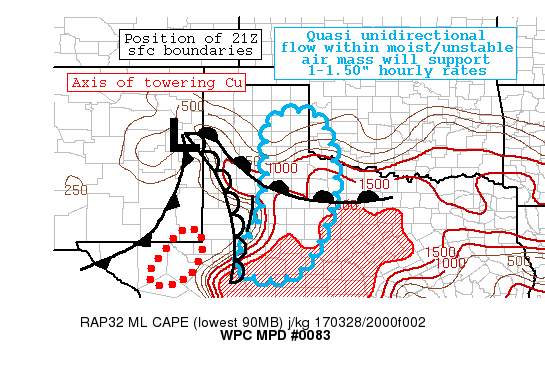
AREAS AFFECTED...WEST CENTRAL TX/FAR EASTERN TX
PANHANDLE/SOUTHWESTERN OK...

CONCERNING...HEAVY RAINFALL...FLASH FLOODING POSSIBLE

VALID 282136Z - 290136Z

SUMMARY...ONGOING CONVECTIVE COMPLEX CONTINUES TO CONSIST OF A
MIXTURE OF SEVERE WEATHER AND LOCALIZED HEAVY RAINFALL. FAVORABLE
UNIDIRECTIONAL FLOW WITH ADDITIONAL THUNDERSTORM DEVELOPMENT
LIKELY WILL FOSTER THE POTENTIAL FOR AREAS OF FLASH FLOODING WHERE
REPEAT CONVECTION/CELL TRAINING OCCUR.

DISCUSSION...IN ADVANCE OF A LARGE UPPER LOW SPINNING ACROSS
CENTRAL NM...AMPLE TROPOSPHERIC MOISTURE CONTINUES TO LIFT
NORTHWARD INTO THE SOUTHERN PLAINS. RECENT SATELLITE IMAGERY FROM
THE BLENDED-TPW PRODUCT SUGGESTS PRECIPITABLE WATER VALUES IN THE
1 TO 1.25 INCH RANGE. THIS IS FAIRLY ANOMALOUS GIVEN THE 12Z
SOUNDING OUT OF KAMA FEATURED DEPARTURES IN THE 2 TO 3 SIGMA ABOVE
AVERAGE RANGE. ENHANCED MOISTURE CONTENT IN CONJUNCTION WITH AMPLE
FORCING UPSTREAM AND SUFFICIENT BUOYANCY WILL HELP EXPAND THE
THUNDERSTORM COVERAGE WELL BEYOND 00Z. MUCH OF THIS ACTIVITY IS
FOCUSING ALONG AND JUST EAST OF THE ANALYZED DRY LINE AND SOUTH OF
A WARM FRONT. THIS CONVECTION IS GENERALLY ROOTED IN THE BOUNDARY
LAYER WITH HOURLY RAINFALL RATES OBSERVED IN THE 1 TO 1.25 INCH
RANGE. FURTHER NORTH...MORE OF THE INSTABILITY IS ROOTED ABOVE THE
LOW-LEVEL STABLE LAYER WITH HAIL BEING THE LARGER THREAT.

LOOKING AHEAD...ADDITIONAL ACTIVITY WAS NOTED FARTHER UPSTREAM
ACROSS SOUTHWEST TX WITH MANY OF THE CELLS ALREADY EXHIBITING
ANVIL CANOPIES PER RECENT VISIBLE IMAGERY. AS THIS ACTIVITY
ADVANCES EASTWARD...IT SHOULD STRENGTHEN AS THE 21Z RAP OBJECTIVE
ANALYSIS SHOWS AMPLE INSTABILITY REMAINING IN PLACE. THIS SHOULD
ULTIMATELY BRING A SECOND ROUND OF THUNDERSTORMS TO AREAS
CURRENTLY SEEING HEAVY DOWNPOURS/BOUTS OF SEVERE WEATHER. HIGHER
END FLASH FLOOD GUIDANCE VALUES PRECLUDE ANY LARGER SCALE THREATS
BUT SOME ISOLATED HYDROLOGIC ISSUES MAY TAKE PLACE.

REGARDING THE RECENT CAMS...MANY ARE WELL TO THE NORTH AND EAST
WHILE ALSO DEPICTING LESS SPATIAL COVERAGE. THIS IS PARTICULARLY
AN ISSUE WITH THE 12Z HRW-ARW/HRW-NMM-B SOLUTIONS. LEANED MORE
HEAVILY IN THE DIRECTION OF RECENT HRRR RUNS WHICH WERE QUITE
CONSISTENT IN SHOWING TWO ROUNDS OF CONVECTION AFFECTING THE MPD
AREA THROUGH THE NIGHT.